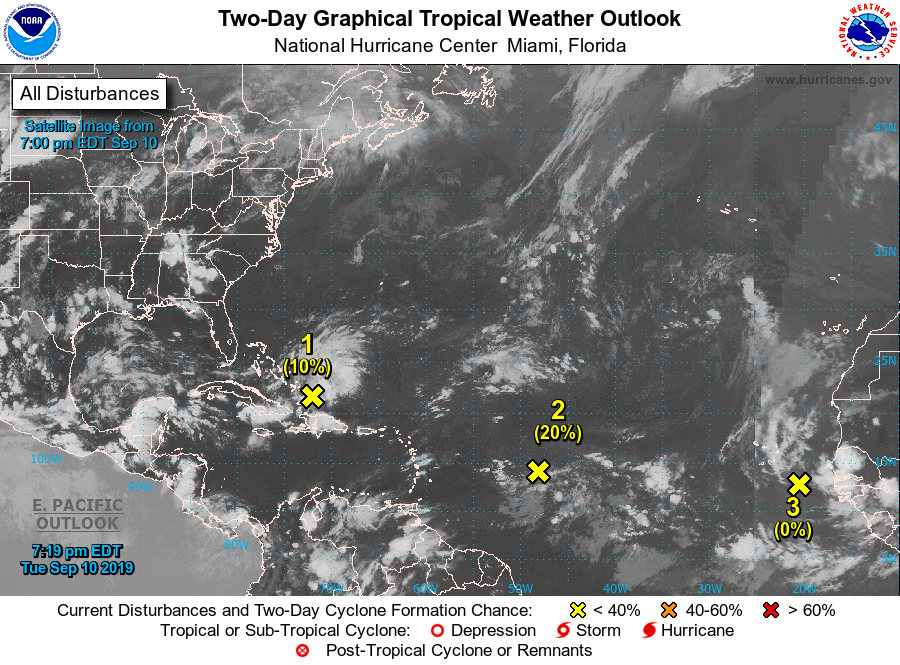
For the North Atlantic...Caribbean Sea and the Gulf of Mexico:

1. A surface trough located over the Turks and Caicos is producing widespread cloudiness and disorganized thunderstorms over the Turks and Caicos and the southeastern Bahamas, and extending northward over the southwestern Atlantic for a few hundred miles. Ship reports indicate that tropical-storm-force wind gusts are occurring in some of the heavier squalls. Limited development of this disturbance is expected during the next few days while the system moves slowly west-northwestward across the Bahamas due to only marginally conducive upper-level winds. However, environmental conditions could become more favorable for development when the system moves over the Florida Straits and into the eastern Gulf of Mexico late this week and over the weekend. Regardless of development, this disturbance will produce periods of locally heavy rainfall and gusty winds across the Bahamas through Thursday, and across Florida on Friday and continuing into the weekend.
* Formation chance through 48 hours...low...10 percent.
* Formation chance through 5 days...medium...40 percent.

2. A broad low pressure system, associated with a tropical wave, is located about 900 miles east of the Lesser Antilles. Although this disturbance continues to produce disorganized shower activity, some slight development of this system is still possible tonight and Wednesday. By Thursday, however, upper-level winds are forecast to become unfavorable for tropical cyclone formation. This disturbance is expected to move slowly westward across the tropical Atlantic Ocean for the next several days.
* Formation chance through 48 hours...low...20 percent.
* Formation chance through 5 days...low...20 percent.

3. A tropical wave located between the west coast of Africa and the Cabo Verde Islands is expected to move quickly westward during the next several days. Some slow development is possible over the weekend when the system is a few hundred miles east of the Windward Islands.
* Formation chance through 48 hours...low...near 0 percent.
* Formation chance through 5 days...low...20 percent.

Forecaster Stewart